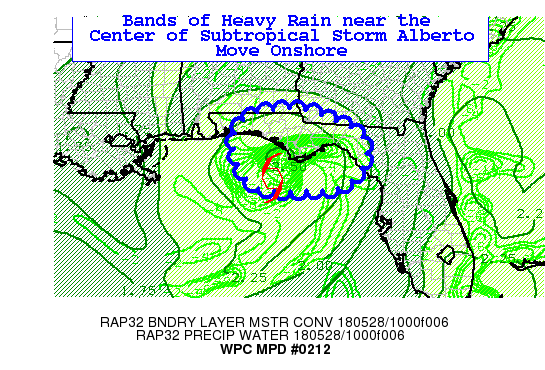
AREAS AFFECTED......FLORIDA PANHANDLE TO SOUTHERN AL AND SOUTHWEST
GA...

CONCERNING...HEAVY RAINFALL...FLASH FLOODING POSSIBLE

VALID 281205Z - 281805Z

SUMMARY...FLASH FLOODING POSSIBLE AS BANDS OF HEAVY RAIN ROTATE
ONSHORE AS SUBTROPICAL STORM ALBERT MOVES TOWARDS THE COAST.

DISCUSSION...A FEW BANDS OF HEAVIER SHOWERS OUTSIDE THE CORE OF
SUBTROPICAL STORM ALBERTO ARE ROTATING ONSHORE ACROSS THE FL
PANHANDLE. FL PANHANDLE RADARS SHOW INNER CORE CONVECTION POISED
JUST OFF THE COAST. THE NORTH NORTHWEST MOTION SHOULD BRING THE
INNER CORE RAIN BANDS OF ALBERTO ONSHORE FROM THIS MORNING INTO
THE AFTERNOON AS THE CENTER CONTINUES MOVING TOWARDS THE COAST.

2-3 INCHES OF RAIN IS EXPECTED NEAR THE AREA WHERE THE CENTER
APPROACHES THE COAST...WITH 1-2 INCHES ELSEWHERE ACROSS THE FL
PANHANDLE TO TO ADJACENT BORDERING AREA OF FAR SOUTHEAST AL AND
FAR SOUTHWEST GA.  HEAVY SHOWERS ARE SUPPORTED BY WELL DEFINED
MOISTURE CONVERGENCE AND COUPLED UPPER DIVERGENCE AND LOWER
CONVERGENCE MAXIMA.  PRECIPITABLE WATER VALUES ARE ESTIMATED BY
THE RAP TO INCREASE TO NEAR 2.5 INCHES NEAR WHERE THE CENTER
APPROACHES THE COAST.

THE CONUS NEST NAM AND 06Z GFS INDICATES 2-3 INCHES OF RAIN NEAR
WHERE THE CENTER IS CLOSEST TO THE FL PANHANDLE COAST FROM 12-18Z.

THE RISK IS SHOWN AS POSSIBLE OWING TO HIGH FLASH FLOOD GUIDANCE
OF 4-5 INCHES IN 6 HOURS.